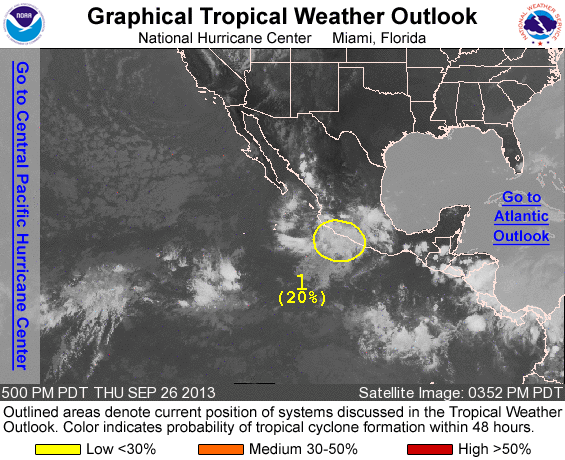
FOR THE EASTERN NORTH PACIFIC...EAST OF 140 DEGREES WEST LONGITUDE..

1. A WEAK AREA OF LOW PRESSURE CONTINUES TO PRODUCE DISORGANIZED SHOWERS AND THUNDERSTORMS NEAR THE SOUTHWESTERN COAST OF MEXICO. SOME SLOW DEVELOPMENT IS POSSIBLE OVER THE NEXT COUPLE OF DAYS WHILE THE LOW MOVES WEST-NORTHWESTWARD AND THEN WESTWARD AT 5 TO 10 MPH...BUT UPPER-LEVEL WINDS ARE EXPECTED TO BECOME UNFAVORABLE FOR DEVELOPMENT BY EARLY NEXT WEEK. THIS SYSTEM HAS A LOW CHANCE...20 PERCENT...OF BECOMING A TROPICAL CYCLONE DURING THE NEXT 48 HOURS AND A MEDIUM CHANCE...30 PERCENT...OF BECOMING A TROPICAL CYCLONE DURING THE NEXT 5 DAYS. REGARDLESS OF DEVELOPMENT...LOCALLY HEAVY RAINS ARE STILL POSSIBLE OVER PORTIONS OF SOUTHWESTERN MEXICO FOR ANOTHER DAY OR TWO.

FIVE-DAY FORMATION PROBABILITIES ARE EXPERIMENTAL IN 2013. COMMENTS ON THE EXPERIMENTAL FORECASTS CAN BE PROVIDED AT...

HTTP://WWW.NWS.NOAA.GOV/SURVEY/NWS-SURVEY.PHP?CODE=ETWO

FORECASTER BERG